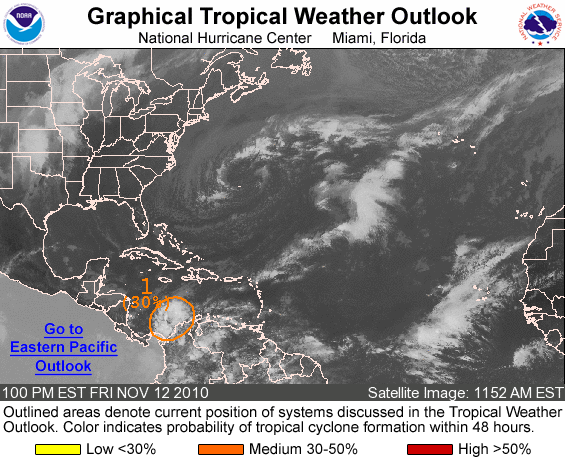
FOR THE NORTH ATLANTIC...CARIBBEAN SEA AND THE GULF OF MEXICO...

1. SHOWERS AND THUNDERSTORMS OVER THE SOUTHERN CARIBBEAN SEA OFF THE COAST OF COLOMBIA AND PANAMA ARE ASSOCIATED WITH A BROAD AREA OF LOW PRESSURE. CONDITIONS APPEAR FAVORABLE FOR SOME DEVELOPMENT OF THIS SYSTEM OVER THE NEXT COUPLE OF DAYS AS IT DRIFTS SLOWLY WESTWARD OR WEST-NORTHWESTWARD. THERE IS A MEDIUM CHANCE...30 PERCENT...OF THIS SYSTEM BECOMING A TROPICAL CYCLONE DURING THE NEXT 48 HOURS.

ELSEWHERE...TROPICAL CYCLONE FORMATION IS NOT EXPECTED DURING THE NEXT 48 HOURS.

FORECASTER BRENNAN